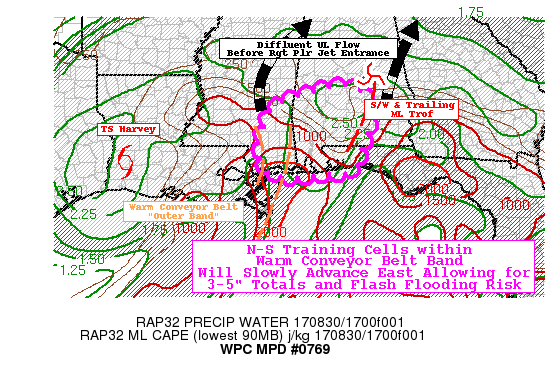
AREAS AFFECTED...SOUTHEAST MS...SOUTHWEST AL...EXT WESTERN FL
PANHANDLE

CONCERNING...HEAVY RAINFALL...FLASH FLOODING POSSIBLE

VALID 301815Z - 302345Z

SUMMARY...NARROW MST AXIS WITH TRAINING PROFILE TO SLOWLY MOVE
EAST ALONG MS/AL COAST POSING FLASH FLOODING RISK THROUGH EVENING
HOURS.

DISCUSSION...NATIONAL RADAR MOSAIC AND GOES-16 DETECT PERIPHERAL
OUTER BANDS OF TS HARVEY STARTING TO ALIGN WITHIN THE MEAN
REMAINING MOISTURE AXIS OF THE WARM CONVEYOR BELT.  CIRA LAYERED
PW LOOP SHOWS THIS MOISTURE PLUME HAS BEEN RELATIVELY STATIONARY
AS HARVEY TRACKS FAIRLY PARALLEL TO IT WHILE ALSO SHOWING STEADY
DECREASE/NARROWING OF THE BAND AS A WHOLE.  A WEAK
SHORTWAVE/EFFECTIVE MID-LEVEL TRIPLE POINT WITHIN THE LARGER
PATTER HAS LIFTED NORTH INTO CENTRAL AL WITH TRAILING EDGE OF THE
TROF BEGINNING TO RETROGRADE (AS THE EFFECTIVE EASTERN EDGE OF THE
DEEPER MOISTURE).  WITHIN THIS CONFIGURATION...THE NARROW FLOW OF
THE WARM CONVEYOR BEGINS TO BECOME DIFFLUENT/DIVERGENT AS IT
ASCENDS WHILE ALSO FEEDING THE RIGHT ENTRANCE TO THE LARGER SCALE
POLAR JET.  AS SUCH CONVECTIVE BANDS WILL BE INCREASINGLY
SUPPORTED ALOFT FOR MAINTENANCE AS CELL MOVE NORTH.

THE MOISTURE AXIS IS ALSO COINCIDENT WITH THE INSTABILITY AXIS
WHICH IS RUNNING ABOUT 2000 J/KG MLCAPE PER RECENT RAP ANALYSIS.
STRONG SURFACE FLOW 20-25KT SFC FLOW WITHIN THE AXIS BECOMES
CONVERGENT ALONG THE COAST TO CONVECT ALONG THE BOUNDARY.
30-40KTS OF 850MB INFLOW WHILE FLOW ALOFT BECOMES SLIGHTLY WEAKER
(MEAN CELL MOTIONS OF 20-30KTS TO THE NNE) SUPPORT BACKBUILDING
PROPAGATION OF CELLS ALONG THE BANDS AS THEY VERY SLOWLY ADVANCE
EASTWARD (5KTS) ON OUTFLOW DUE TO MINOR DRY AIR MIXING. GIVEN
STRENGTH OF UPDRAFTS AND REMAINING AMPLE MOISTURE OF 2-2.25" TPW
SUGGEST RATES UP TO 2"/HR AND SLOW MOTIONS SUPPORT THE POTENTIAL
FOR 3-5" ALONG THE COASTAL COUNTIES OF MS TO AL OVER THE NEXT FEW
HOURS.  WITHOUT THE STRENGTH OF FORCING/FURTHER FROM MST/LL
HEATING SOURCE OF THE GULF...CELLS WILL TREND WEAKER AS THE MOVE
NNE ASHORE BUT STILL POSE FF RISK GIVEN 1-1.5"/HR AND 2-3" TOTALS
POSSIBLE 2-3 COUNTY ROWS NORTH OF THE COASTAL REGION.